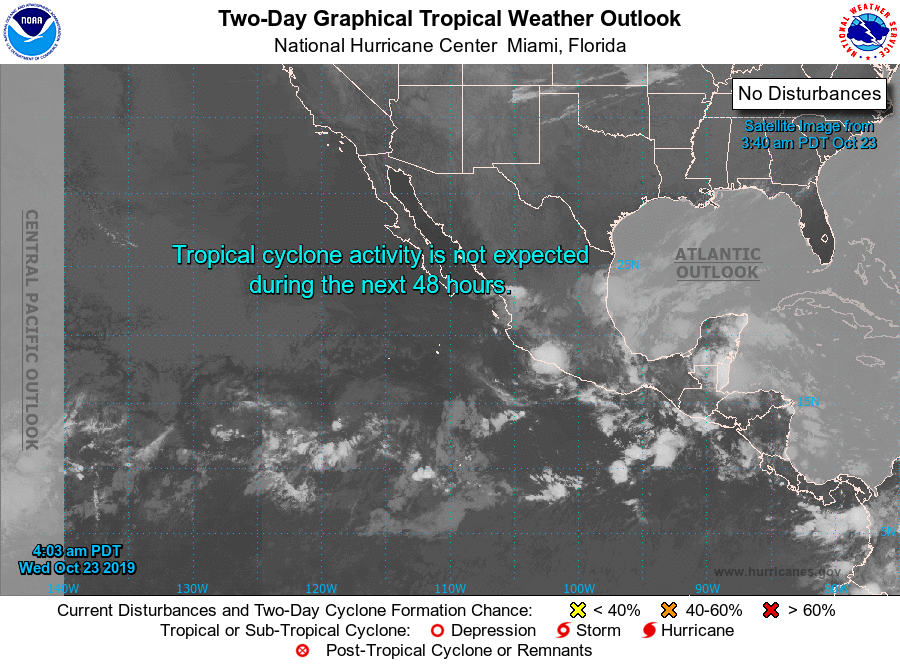
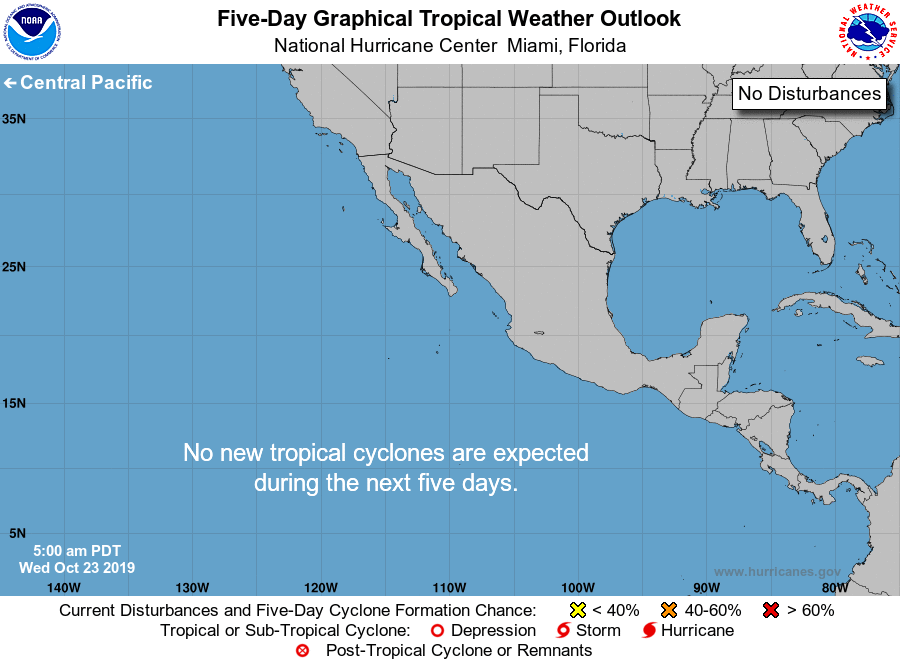
For the eastern North Pacific...east of 140 degrees west longitude:

Tropical cyclone formation is not expected during the next 5 days.

Forecaster Roberts